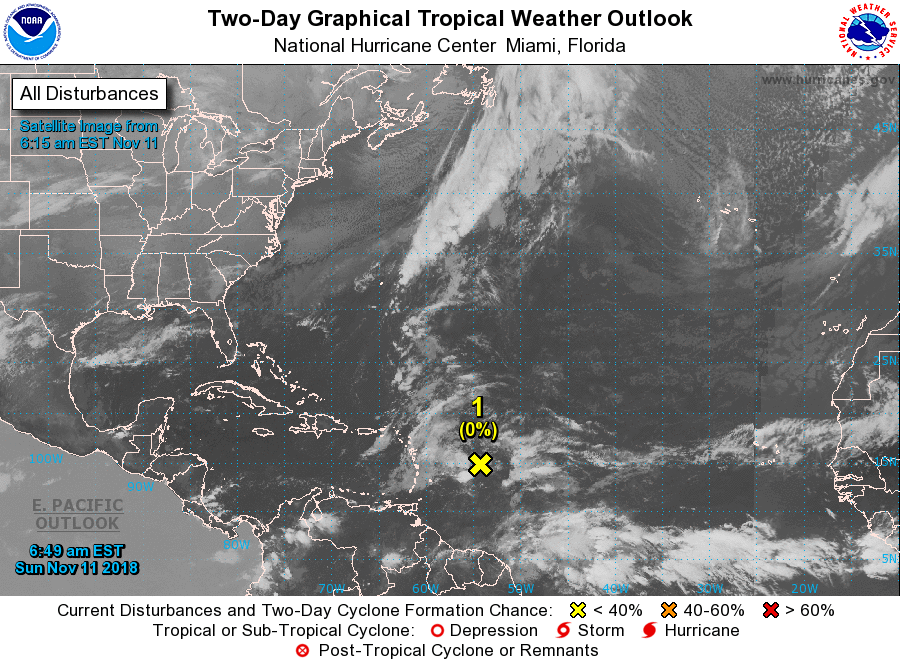
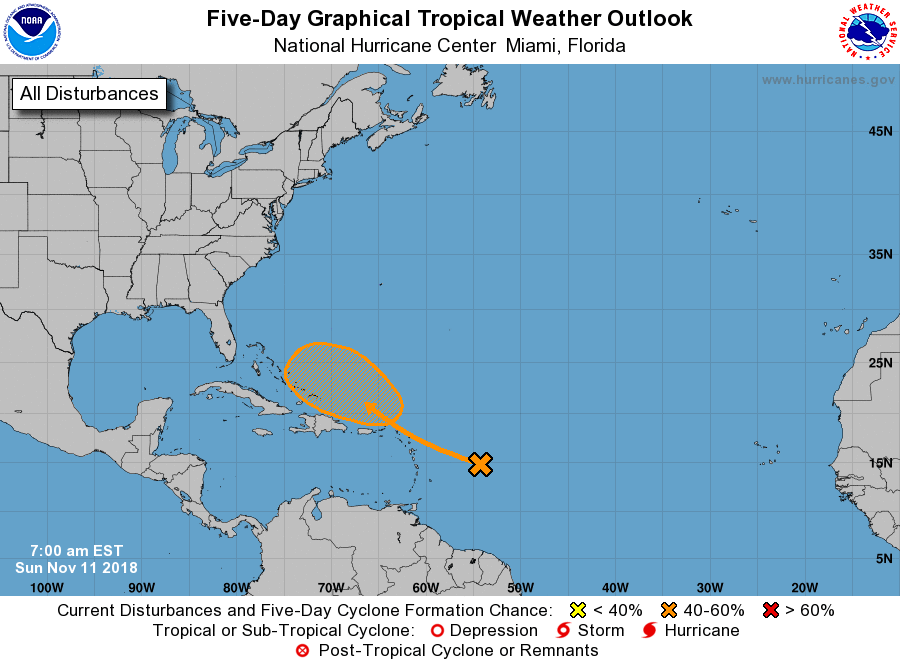
For the North Atlantic...Caribbean Sea and the Gulf of Mexico:

1. Satellite data indicate that a tropical wave located several hundred miles east of the Lesser is gradually becoming better defined and continues to produce strong gusty winds mainly to the east of the disturbance. Although no significant development of this system is expected during the next day or two, conditions are forecast to become a little more conducive by Tuesday, and a tropical or subtropical cyclone could form during the middle of the week while the system moves near or north of the Leeward Islands, Puerto Rico, Hispaniola and the southeastern Bahamas.
* Formation chance through 48 hours...low...near 0 percent.
* Formation chance through 5 days...medium...50 percent.

Forecaster Stewart